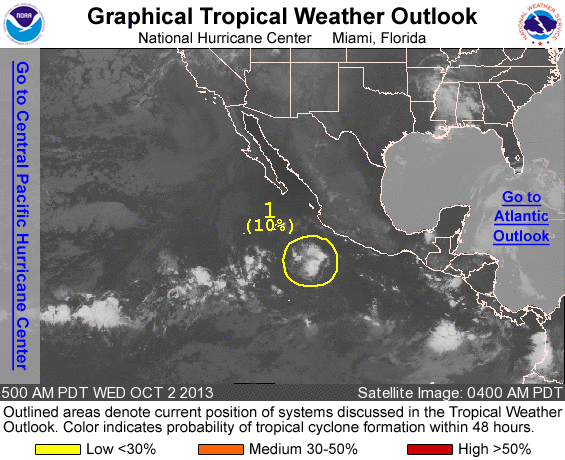
FOR THE EASTERN NORTH PACIFIC...EAST OF 140 DEGREES WEST LONGITUDE..

1. AN AREA OF LOW PRESSURE LOCATED ABOUT 400 MILES SOUTH-SOUTHWEST OF MANZANILLO MEXICO IS PRODUCING DISORGANIZED SHOWER AND THUNDERSTORM ACTIVITY. SOME GRADUAL DEVELOPMENT OF THIS SYSTEM IS POSSIBLE DURING THE NEXT SEVERAL DAYS AS IT MOVES WESTWARD AT AROUND 10 MPH. THIS SYSTEM HAS A LOW CHANCE...10 PERCENT...OF BECOMING A TROPICAL CYCLONE DURING THE NEXT 48 HOURS...AND A LOW CHANCE...20 PERCENT... OF BECOMING A TROPICAL CYCLONE DURING THE NEXT 5 DAYS.

FIVE-DAY FORMATION PROBABILITIES ARE EXPERIMENTAL IN 2013. COMMENTS ON THE EXPERIMENTAL FORECASTS CAN BE PROVIDED AT...

HTTP://WWW.NWS.NOAA.GOV/SURVEY/NWS-SURVEY.PHP?CODE=ETWO

FORECASTER BRENNAN